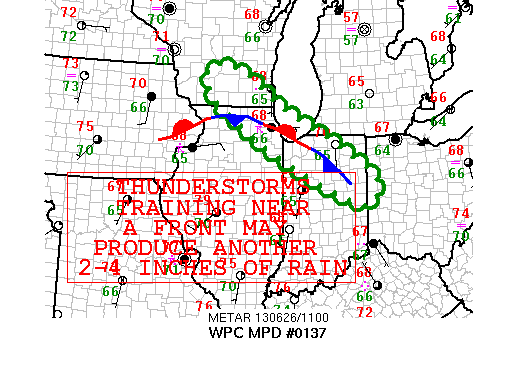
AREAS AFFECTED......SOUHERN WI...NORTHERN IL...NORTHERN IN

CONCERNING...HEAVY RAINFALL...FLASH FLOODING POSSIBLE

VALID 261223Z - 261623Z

SUMMARY...BANDS OF THUNDERSTORMS ARE EXPECTED TO PERSIST NEAR A
STATIONARY FRONT WITH AN ADDITIONAL 2-4 INCHES OF RAIN AND FLASH
FLOODING POSSIBLE

DISCUSSION...BANDS OF SHOWERS AND THUNDERSTORMS HAVE DEVELOPED IN
THE VICINITY OF A STATIONARY FRONT OVER SOUTHERN WI ACROSS
NORTHERN IL AND NORTHERN IN. 4.25 INCHES OF RAIN HAS BEEN OBSERVED
WITHIN THESE BANDS AT PALWAUKEE IL (JUST NORTH OF CHICAGO)FROM
09-12Z...WITH 5 INCHES IN THE COCORAHS OBSERVATIONS 2 MILES
NORTHEAST OF MCHENRY IL.

THE REGION IS WITHIN A BROAD 850-700 MB WARM/MOIST ADVECTION
REGION DOWNSTREAM FROM A MID-UPPER LEVEL TROUGH.  MID LEVEL
CYCLONIC VORTICITY ADVECTION IS OCCURRING WITH SPORADIC UPPER
DIVERGENCE MAXIMA SHOWN IN THE MODELS.

THE HEAVY RAIN SIGNAL WAS NOT AS EVIDENT IN THE ECMWF/GFS BUT
APPEARS IN THE NSSL WRF...NCEP WRF ARW AND WRF NMM.  THESE MODELS
SHOW POTENTIAL FOR A COUPLE OF INCHES OF RAIN OVER THE NEXT
SEVERAL HOURS.  THE GFS ESTIMATES ABOUT 1.75 INCHES OF
PRECIPITABLE WATER EXISTS AT 12Z WITH CONTINUED SIMILAR VALUES
PERSISTING THROUGH 18Z IN THE VICINITY OF THE STATIONARY FRONT.

MEAN LAYER WESTERLY FLOW EXISTS IN THE REGION WITH PROPAGATION TO
THE SOUTHEAST. THE 06Z GFS CORFIDI VECTORS SHOW THIS PERSISTING
THROUGH 18Z...SUPPORTING CONTINUED MOTION TO THE RIGHT OF THE MEAN
FLOW.